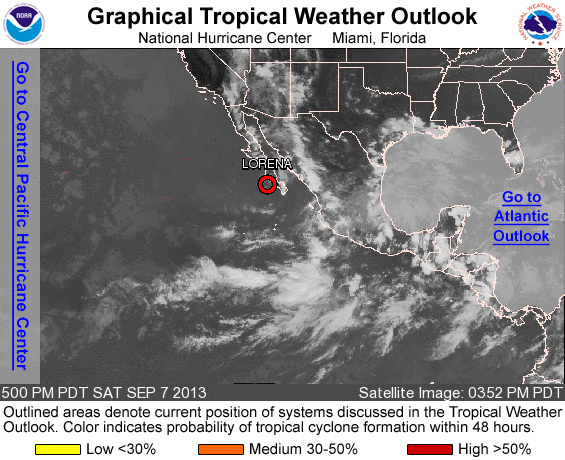
FOR THE EASTERN NORTH PACIFIC...EAST OF 140 DEGREES WEST LONGITUDE..

THE NATIONAL HURRICANE CENTER IS ISSUING ADVISORIES ON TROPICAL DEPRESSION LORENA...WHICH IS LOCATED JUST WEST OF THE SOUTHERN BAJA CALIFORNIA PENINSULA.

TROPICAL CYCLONE FORMATION IS NOT EXPECTED DURING THE NEXT 48 HOURS.

OTHER SYSTEMS WITH FORMATION POTENTIAL BEYOND 48 HOURS...

A LOW PRESSURE AREA IS EXPECTED TO FORM SOUTH OF THE COAST OF MEXICO IN A FEW DAYS...AND CONDITIONS APPEAR CONDUCIVE FOR SOME DEVELOPMENT BY THE END OF NEXT WEEK. THIS SYSTEM HAS A LOW CHANCE...NEAR 0 PERCENT...OF BECOMING A TROPICAL CYCLONE DURING THE NEXT 48 HOURS AND A LOW CHANCE...20 PERCENT...OF BECOMING A TROPICAL CYCLONE DURING THE NEXT FIVE DAYS.

&&
FIVE-DAY FORMATION PROBABILITIES ARE EXPERIMENTAL IN 2013. COMMENTS ON THE EXPERIMENTAL FORECASTS CAN BE PROVIDED AT...

HTTP://WWW.NWS.NOAA.GOV/SURVEY/NWS-SURVEY.PHP?CODE=ETWO

FORECASTER CANGIALOSI